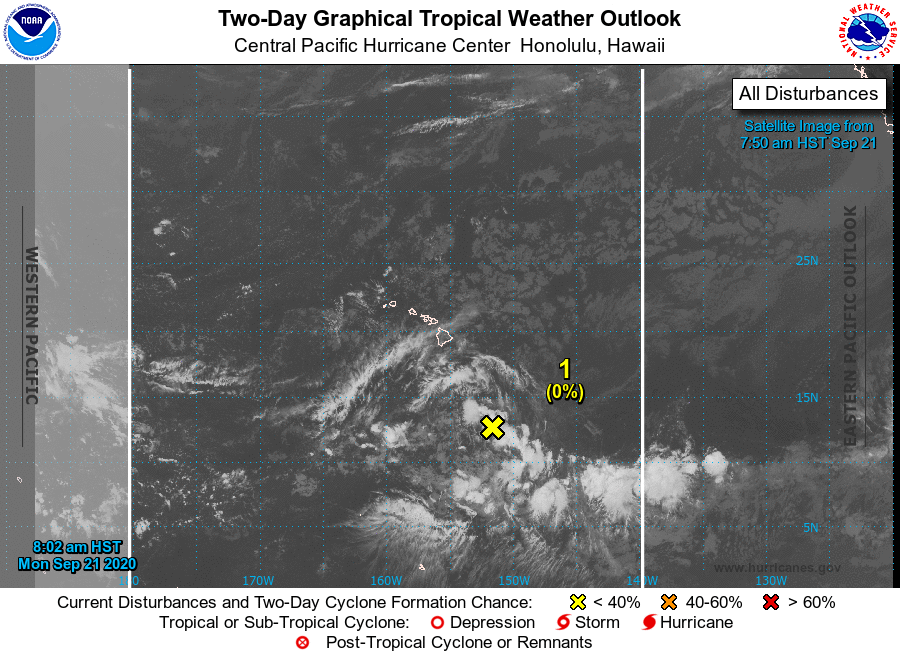
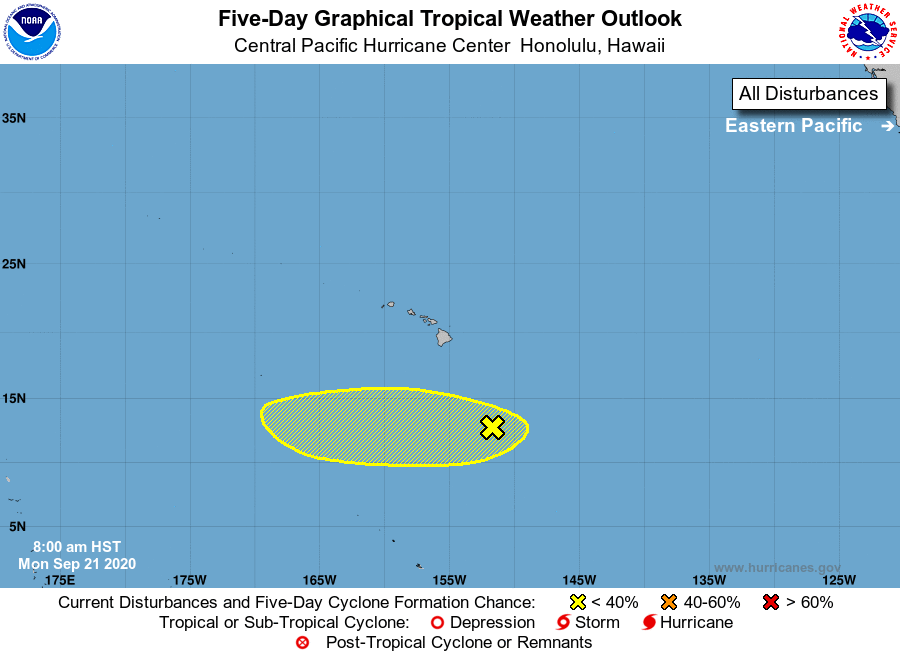
For the central North Pacific...between 140W and 180W:

1. Disorganized showers and thunderstorms associated with an elongated area of low pressure are located around 500 miles south of Hilo, Hawaii. Environmental conditions are not favorable for the development of this system as it moves slowly west at 5 to 10 mph.
* Formation chance through 48 hours...low...near 0 percent.
* Formation chance through 5 days...low...10 percent.

Forecaster Foster